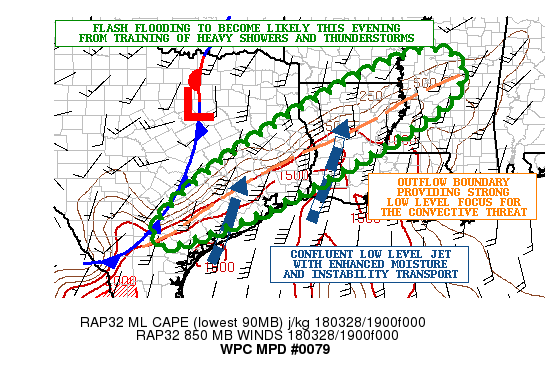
AREAS AFFECTED...SOUTH-CENTRAL/SOUTHEAST TX...WESTERN/NORTHERN
LA...FAR SOUTHEAST AR...WEST-CENTRAL MS

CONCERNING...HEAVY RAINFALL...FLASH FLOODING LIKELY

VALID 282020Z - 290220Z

SUMMARY...VERY HEAVY RAINFALL IS EXPECTED FROM STRONG
THUNDERSTORMS WITH 2.5 INCH/HR RAINFALL RATES AND CONCERNS OF
TRAINING CELL ACTIVITY. FLASH FLOODING IS LIKELY.

DISCUSSION...THE LATEST GOES-16 10.3 MICRON/IR IMAGERY SHOWS AN
EXPANSIVE AREA OF STRONG AND WELL-ORGANIZED COLD-TOPPED CONVECTION
WITH SEVERAL EMBEDDED OVERSHOOTING TOPS THAT EXTENDS ALONG AND
NORTHWEST OF A LINE FROM NEAR VICTORIA TX...TO JASPER TX...TO
NATCHITOCHES LA.

THE CONVECTION IS BEING FACILITATED BY NOTABLY DIVERGENT FLOW
ALOFT COINCIDING WITH A PRONOUNCED POOLING OF DEEP LAYER
MOISTURE...SHEAR AND INSTABILITY ALONG AN OUTFLOW BOUNDARY AND
WITH PROXIMITY TO AN APPROACHING COLD FRONT. BLENDED-TPW AND
GPS-DERIVED PWATS ARE ON THE ORDER OF 1.7 TO 1.9 INCHES ALONG THIS
BOUNDARY...WITH MLCAPE VALUES APPROACHING OR EXCEEDING 1500 J/KG
AND EFFECTIVE BULK SHEAR VALUES OF 50 TO 55 KTS.

THIS WILL SUSTAIN A STRONG AND ORGANIZED CONVECTIVE THREAT WELL
INTO THE EVENING HOURS WITH A GRADUAL EAST AND SOUTHEAST SHIFT TO
THE CONVECTIVE AXIS THAT WILL THREATEN THE NORTHWEST SUBURBS OF
THE HOUSTON AND BEAUMONT/PORT-ARTHUR METROPOLITAN AREAS OF
SOUTHEAST TX...AND ALSO EXTENDING NORTHEAST INTO CENTRAL LA WITH A
FOCUS ON THE NATCHITOCHES...FORT POLK AND ALEXANDRIA AREAS.

THIS IS ALL STRONGLY SUPPORTED BY THE 12Z CAM GUIDANCE...INCLUDING
THE ARW...ARW2...NMMB AND THE NAM-CONEST. RECENT HRRR RUNS SUPPORT
THIS AS WELL...BUT THE MAIN CONCERN MOVING FORWARD WILL BE AN
ENVIRONMENT BECOMING HIGHLY CONDUCIVE FOR TRAINING CONVECTION IN
THE HOURS AHEAD AS CONVECTION BECOMES STRONGLY ALIGNED SW/NE WITH
THE MEAN LAYER FLOW DOWNSTREAM OF AN UPPER TROUGH EJECTING OUT
ACROSS THE SOUTHERN PLAINS. THIS WILL BE COINCIDENT WITH A HIGHLY
CONFLUENT LOW LEVEL JET THAT WILL BE PEAKING NEAR 50 KTS AND
MAXIMIZING LOW LEVEL CLOUD-BEARING MOISTURE TRANSPORT.

GIVEN THE DEGREE OF DEEP MOISTURE AND FOCUSED
INSTABILITY...RAINFALL RATES WILL BE QUITE HIGH AND MAY EXCEED 2.5
INCHES/HR GOING INTO THE EVENING HOURS. THIS COUPLED WITH TRAINING
CELL ACTIVITY WILL SUPPORT RAINFALL TOTALS OF AS MUCH 5+ INCHES
GOING THROUGH THE MID-EVENING HOURS. THIS WILL LIKELY RESULT IN
ENHANCED SHORT-TERM RUNOFF AND FLASH FLOODING CONCERNS. WILL
CONTINUE TO MONITOR.